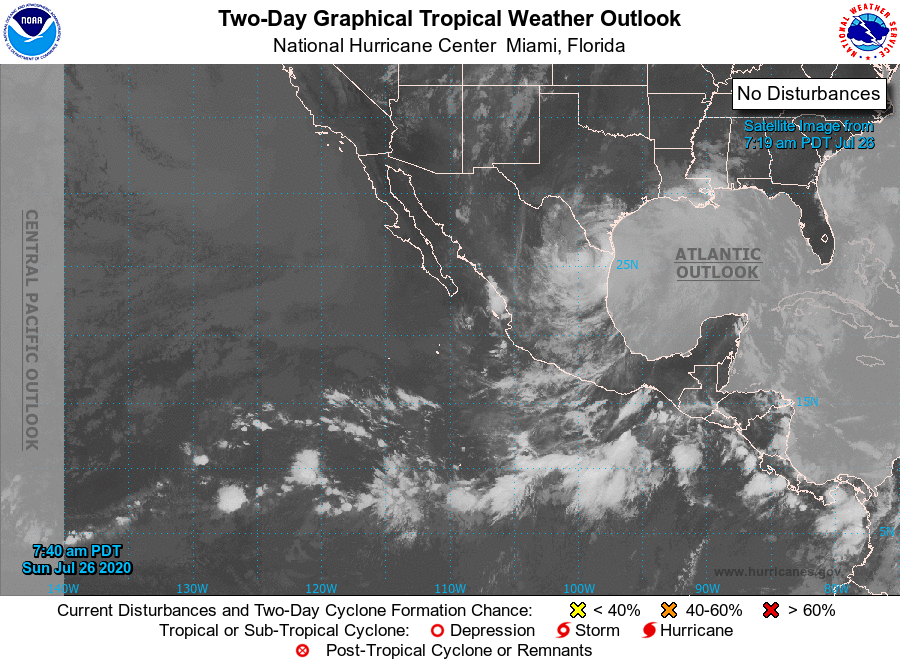
For the eastern North Pacific...east of 140 degrees west longitude:

Tropical cyclone formation is not expected during the next 5 days.

Forecaster Zelinsky